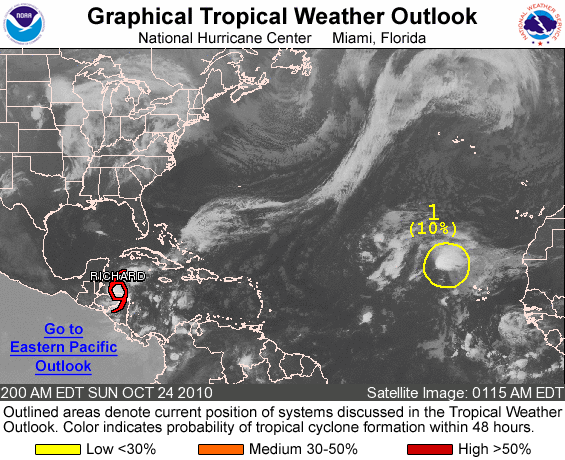
FOR THE NORTH ATLANTIC...CARIBBEAN SEA AND THE GULF OF MEXICO...

THE NATIONAL HURRICANE CENTER IS ISSUING ADVISORIES ON TROPICAL STORM RICHARD...LOCATED ABOUT 55 MILES EAST-NORTHEAST OF GUANAJA HONDURAS AND ABOUT 225 MILES EAST-SOUTHEAST OF BELIZE CITY BELIZE.

1. A BROAD TROUGH OF LOW PRESSURE LOCATED ABOUT 525 MILES WEST- NORTHWEST OF THE NORTHERNMOST CAPE VERDE ISLANDS IS PRODUCING SHOWERS AND THUNDERSTORMS MAINLY NORTHEAST OF THE TROUGH. UPPER-LEVEL WINDS ARE NOT CONDUCIVE FOR SIGNIFICANT DEVELOPMENT OF THIS DISTURBANCE...AND THERE IS A LOW CHANCE...10 PERCENT...OF THIS SYSTEM BECOMING A TROPICAL CYCLONE DURING THE NEXT 48 HOURS AS IT MOVES TOWARD THE NORTHWEST AT 10 TO 15 MPH.

ELSEWHERE...TROPICAL CYCLONE FORMATION IS NOT EXPECTED DURING THE NEXT 48 HOURS.

FORECASTER STEWART/CANGIALOSI